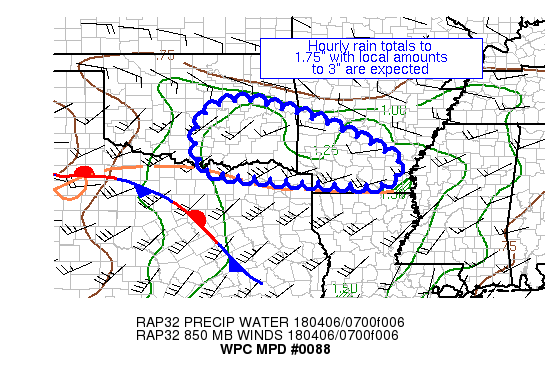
AREAS AFFECTED...PORTIONS OF EASTERN OK AND SOUTHERN AR

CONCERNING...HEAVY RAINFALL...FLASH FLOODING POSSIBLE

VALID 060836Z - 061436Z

SUMMARY...SHOWERS AND THUNDERSTORMS ARE GROWING IN COVERAGE AND
INTENSITY ACROSS THE REGION. HOURLY TOTALS TO 1.75" WITH LOCAL
AMOUNTS TO 3" ARE EXPECTED.

DISCUSSION...A SHORTWAVE MOVING ACROSS WESTERN OK AND THE TX
PANHANDLE HAS SPURRED THE DEVELOPMENT OF SHOWERS AND THUNDERSTORMS
TO THE NORTH OF A STATIONARY FRONT AND RED RIVER CONVERGENCE ZONE
DURING THE PAST 2-2.5 HOURS, WITH COVERAGE AND INTENSITY COMING UP
SINCE 0730Z.  PRECIPITABLE WATER VALUES OF 1-1.25" LIE ACROSS THE
REGION PER GPS VALUES.  A POOL OF 500-1500 J/KG OF MU CAPE LIES
ACROSS SOUTHWEST AR AND SOUTHERN OK, WHOSE NORTHWARD MOVEMENT HAS
SLOWED AS OF LATE.  INFLOW AT 850 HPA OFF THE INSTABILITY POOL IS
OUT OF THE WEST-SOUTHWEST AT 20-30 KTS, NEAR THE MAGNITUDE AND
DIRECTION OF THE MEAN 850-400 HPA WIND.  EFFECTIVE BULK SHEAR OF
25-35 KTS LIES ACROSS THE REGION PER SPC MESOANALYSES.

PORTIONS OF THIS AREA HAVE SEEN ABOVE NORMAL PRECIPITATION OVER
THE PAST COUPLE WEEKS WHICH HAS LED TO MODEST FLASH FLOOD GUIDANCE
VALUES. RECENT RADAR REFLECTIVITY APPEARS SUPPORTIVE OF THE WETTER
00Z WRF NSSL, 00Z 4 KM NAM CONEST, A SOUTHWARD ADJUSTED 00Z
CANADIAN REGIONAL, AND 06Z RAP GUIDANCE WITH A BETTER DEPICTION OF
THE RECENT CONVECTIVE RAMP UP, WITH HRRR/HRRR EXPERIMENTAL RUNS
DECIDEDLY DRIER AND LAGGING BEHIND.  CONVECTIVE COVERAGE AND
INTENSITY IS EXPECTED TO CONTINUE GROWING OVER THE NEXT SEVERAL
HOURS AS THE BREADTH AND INTENSITY OF THE 850 HPA INFLOW
INCREASES.  THE MAIN CULPRITS FOR HEAVY RAINFALL IN THE PATTERN
APPEAR TO BE CELL MERGERS BETWEEN MORE ORGANIZED ACTIVITY MOVING
EAST TO EAST-SOUTHEAST, AND LESS ORGANIZED ACTIVITY AND ACTIVITY
WITHIN THE INSTABILITY POOL ITSELF MOVING EAST-NORTHEAST, ALONG
WITH SHORT PERIODS OF CELL TRAINING.  HOURLY RAIN TOTALS UP TO
1.75", WITH LOCAL AMOUNTS TO 3" ARE EXPECTED.